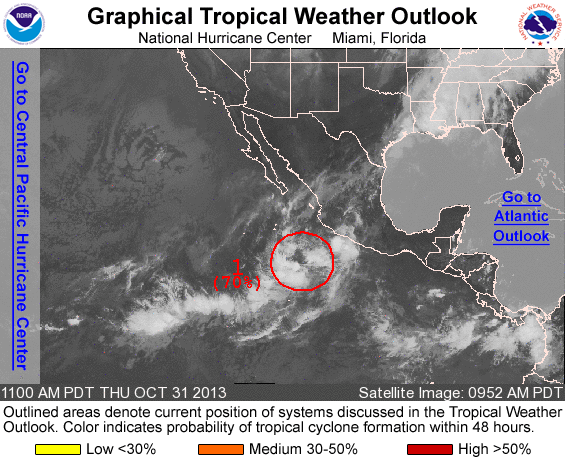
FOR THE EASTERN NORTH PACIFIC...EAST OF 140 DEGREES WEST LONGITUDE..

1. SHOWERS AND THUNDERSTORMS ARE BECOMING BETTER ORGANIZED NEAR A LOW PRESSURE SYSTEM LOCATED ABOUT 350 MILES SOUTHWEST OF MANZANILLO MEXICO. ENVIRONMENTAL CONDITIONS ARE CONDUCIVE FOR FURTHER DEVELOPMENT...AND A TROPICAL DEPRESSION COULD FORM TONIGHT OR ON FRIDAY WHILE THE LOW MOVES NORTH-NORTHWESTWARD AT ABOUT 5 MPH. THIS SYSTEM HAS A HIGH CHANCE...70 PERCENT...OF BECOMING A TROPICAL CYCLONE DURING THE NEXT 48 HOURS...AND A HIGH CHANCE...80 PERCENT...OF BECOMING A TROPICAL CYCLONE DURING THE NEXT 5 DAYS.

FIVE-DAY FORMATION PROBABILITIES ARE EXPERIMENTAL IN 2013. COMMENTS ON THE EXPERIMENTAL FORECASTS CAN BE PROVIDED AT...

HTTP://WWW.NWS.NOAA.GOV/SURVEY/NWS-SURVEY.PHP?CODE=ETWO

FORECASTER BERG